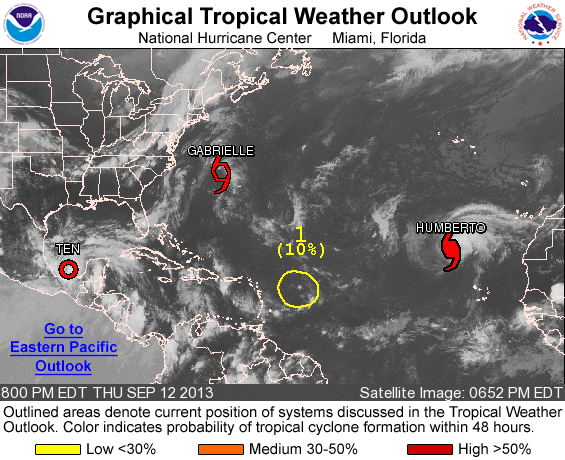
FOR THE NORTH ATLANTIC...CARIBBEAN SEA AND THE GULF OF MEXICO...

THE NATIONAL HURRICANE CENTER IS ISSUING ADVISORIES ON HURRICANE HUMBERTO...LOCATED SEVERAL HUNDRED MILES NORTHWEST OF THE CAPE VERDE ISLANDS...TROPICAL STORM GABRIELLE...LOCATED A COUPLE OF HUNDRED MILES NORTHWEST OF BERMUDA...AND ON NEWLY FORMED TROPICAL DEPRESSION TEN...LOCATED IN THE SOUTHERN GULF OF MEXICO.

1. SHOWER ACTIVITY ASSOCIATED WITH A BROAD AREA OF LOW PRESSURE CENTERED ABOUT 450 MILES EAST OF THE LEEWARD ISLANDS REMAINS LIMITED...AND ENVIRONMENTAL CONDITIONS ARE NOT FAVORABLE FOR DEVELOPMENT. THIS SYSTEM HAS A LOW CHANCE...10 PERCENT...OF BECOMING A TROPICAL CYCLONE DURING THE NEXT 48 HOURS. WHILE UPPER-LEVEL WINDS COULD BECOME A LITTLE MORE FAVORABLE IN SEVERAL DAYS...THIS SYSTEM STILL HAS A LOW CHANCE...20 PERCENT...OF BECOMING A TROPICAL CYCLONE DURING THE NEXT 5 DAYS AS IT MOVES TOWARD THE WEST-NORTHWEST AT AROUND 10 MPH.

PUBLIC ADVISORIES ON TROPICAL DEPRESSION TEN ARE ISSUED UNDER WMO HEADER WTNT35 KNHC AND UNDER AWIPS HEADER MIATCPAT5. FORECAST/ADVISORIES ON TROPICAL DEPRESSION TEN ARE ISSUED UNDER WMO HEADER WTNT25 KNHC AND UNDER AWIPS HEADER MIATCMAT5.

FIVE-DAY FORMATION PROBABILITIES ARE EXPERIMENTAL IN 2013. COMMENTS ON THE EXPERIMENTAL FORECASTS CAN BE PROVIDED AT...

HTTP://WWW.NWS.NOAA.GOV/SURVEY/NWS-SURVEY.PHP?CODE=ETWO

FORECASTER BRENNAN